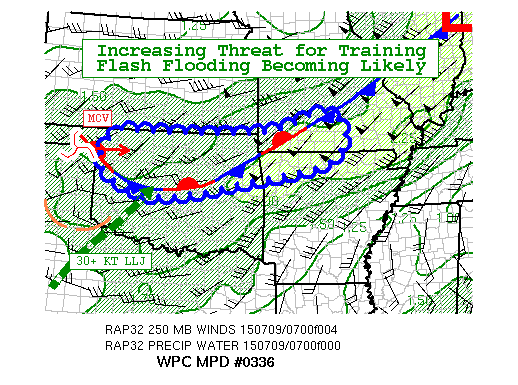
AREAS AFFECTED...OKLAHOMA...SOUTHERN MISSOURI...NORTHWEST ARKANSAS

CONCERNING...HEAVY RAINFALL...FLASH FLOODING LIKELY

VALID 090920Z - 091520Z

SUMMARY...NARROW BAND OF HIGHLY EFFICIENT RAINFALL PRODUCING CELLS
NORTH OF FRONT.  GIVEN LOW FLASH FLOOD GUIDANCE...RATES IN EXCESS
OF 1.75"/HR AND SOME TRAINING...FLASH FLOODING IS LIKELY.

DISCUSSION...A STATIONARY FRONT IS ANALYZED FROM NEAR STL TO NEAR
OKC.  AN MCS OVER THE TEXAS PANHANDLE IS WEAKENING WHILE
DEVELOPING AN MCV THAT WILL SHIFTS EASTWARD LIFTING THE FRONT
NORTH ACROSS CENTRAL OKLAHOMA ORIENTING IT MORE WEST TO EAST. A
30-35 KT SOUTHWESTERLY JET PER VWP NETWORK HAS BEGUN TO INCREASE
ISENTROPIC LIFT OVER THE FRONT TO TAP SOME MUCAPE INSTABILITIES OF
500-1000 J/KG TO INITIATE DEEPER CONVECTION AS SEEN PER SATELLITE
IR AND RADAR JUST NORTH OF THE FRONT.  ALOFT...AN EXITING
SHORTWAVE AND UPPER LEVEL JET WILL PRODUCE EXCELLENT DIVERGENCE
ALOFT TO ALLOW FOR CONTINUED STRENGTHENING OF THE CONVECTIVE
CORES...LIKELY TO MAXIMIZE AROUND 11-12Z PER RAP FORECAST.
ADDITIONALLY...CLOUD BEARING FLOW ABOVE 6H WILL FLATTEN ACROSS THE
DISCUSSION AREA FOR CELL MOTION VECTORS TO BE COME NEARLY PARALLEL
TO THE FRONT AS IT BECOMES MORE EAST-WEST ORIENTED.  500-1000MB
THICKNESS ANALYSIS ALSO SHOWS THICKNESS RIDGE ACROSS SOUTHWEST
OKLAHOMA BECOMING A COL OVER CENTRAL OKLAHOMA TOWARD SOUTHERN
MISSOURI REDUCING THE PROPAGATION VECTORS TO BE NEAR ZERO AS WELL.
  MOISTURE VALUES POOLED ALONG THIS COL/AXIS ARE ABOUT 1.8-2.0"
FROM WEST TO EAST.  THIS WILL ALLOW FOR EFFICIENT RAINFALL
PRODUCTION IN EXCESS OF 1.5-2"/HR.

ALL OF THIS SHOULD SUPPORT A CORRIDOR OF TRAINING CELLS ACROSS
NORTHER OKLAHOMA AND ALONG THE SW MISSOURI/NW ARKANSAS BORDER
LIKELY GREATER THAN 2-4" WITH ISOLATED HIGHER SPOTS POSSIBLE.  THE
GOOD NEWS IS THAT THE CORRIDOR LOOKS TO BE FARTHER NORTH THAN AXIS
OF LOWEST FLASH FLOOD GUIDANCE...BUT STILL INTERSECT BETWEEN TULSA
AND SPRINGFIELD MO.   THIS SCENARIO IS SUPPORTED BY THE MOST
RECENT FEW HRRR RUNS AND EXPERIMENTAL HRRR FROM FSL.